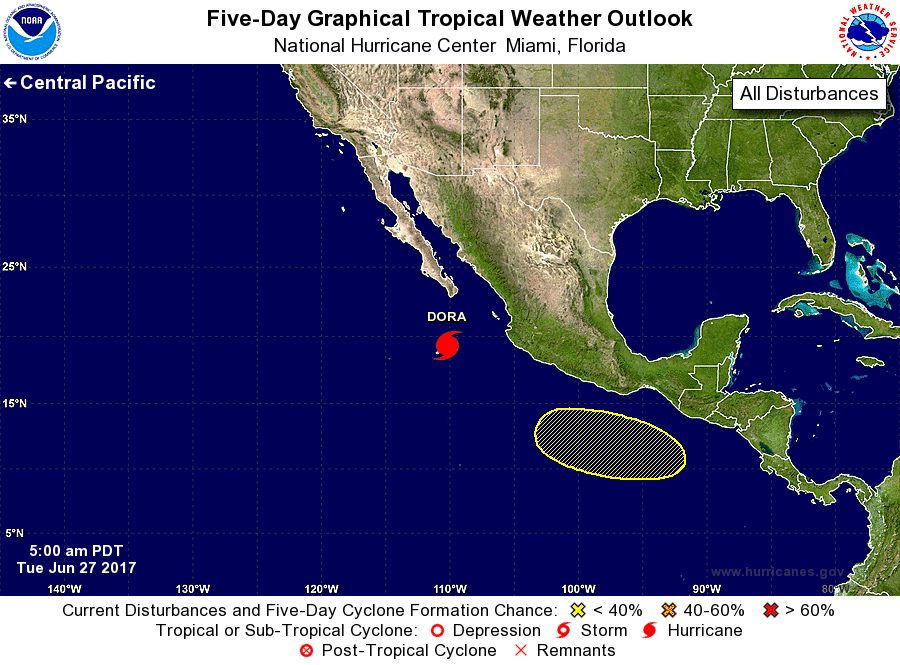
For the eastern North Pacific...east of 140 degrees west longitude:

The National Hurricane Center is issuing advisories on Hurricane Dora, located a few hundred miles south of the southern tip of the Baja California peninsula.

1. A broad area of low pressure is expected to form late this week a few hundred miles south of the southern coast of Mexico. Some gradual development of this system is possible over the weekend while it moves west-northwestward.
* Formation chance through 48 hours...low...near 0 percent.
* Formation chance through 5 days...low...30 percent.

Forecaster Pasch